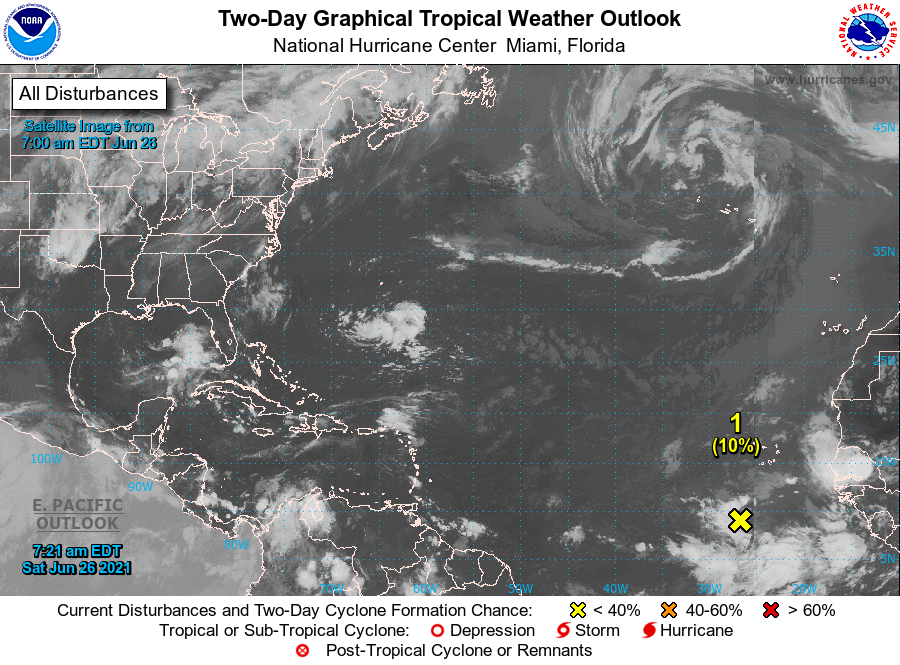
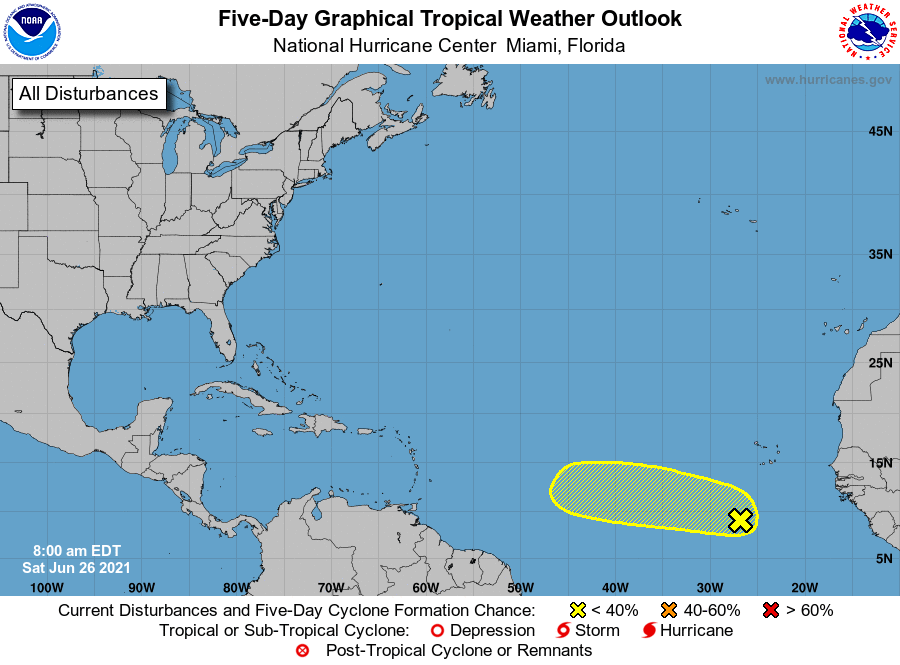
For the North Atlantic...Caribbean Sea and the Gulf of Mexico:

1. A tropical wave over the eastern tropical Atlantic Ocean is producing an area of disorganized showers and thunderstorms well south-southwest of the Cabo Verde Islands. The wave is expected to move westward at 15 to 20 mph through the weekend over marginally warm waters that are located in the central tropical Atlantic, and therefore any development of this system should be slow to occur.
* Formation chance through 48 hours...low...10 percent.
* Formation chance through 5 days...low...10 percent.

Forecaster Papin/Stewart